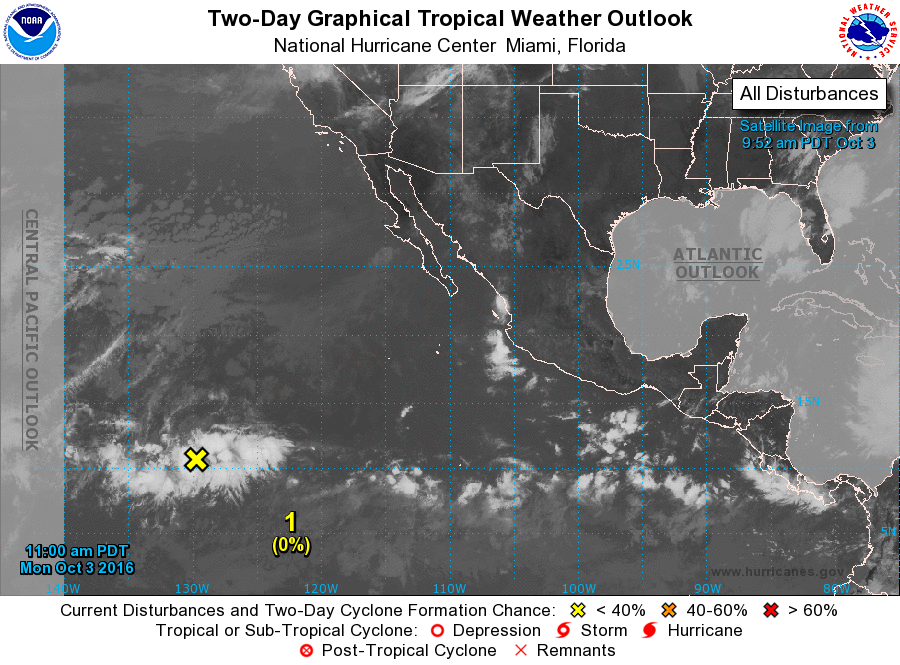
For the eastern North Pacific...east of 140 degrees west longitude:

1. An area of disturbed weather is located about 1500 miles southwest of the southern tip of the Baja California peninsula. Some slow development of this system is possible later this week while it moves generally westward near 10 mph.
* Formation chance through 48 hours...low...near 0 percent
* Formation chance through 5 days...low...30 percent

Tropical cyclone formation is not expected during the next 5 days.

Forecaster Pasch